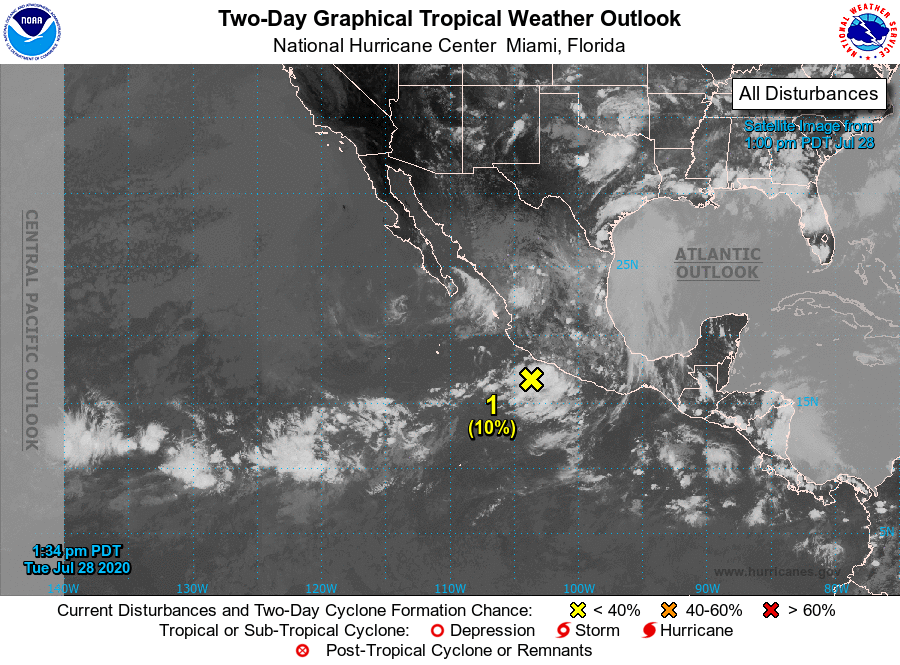
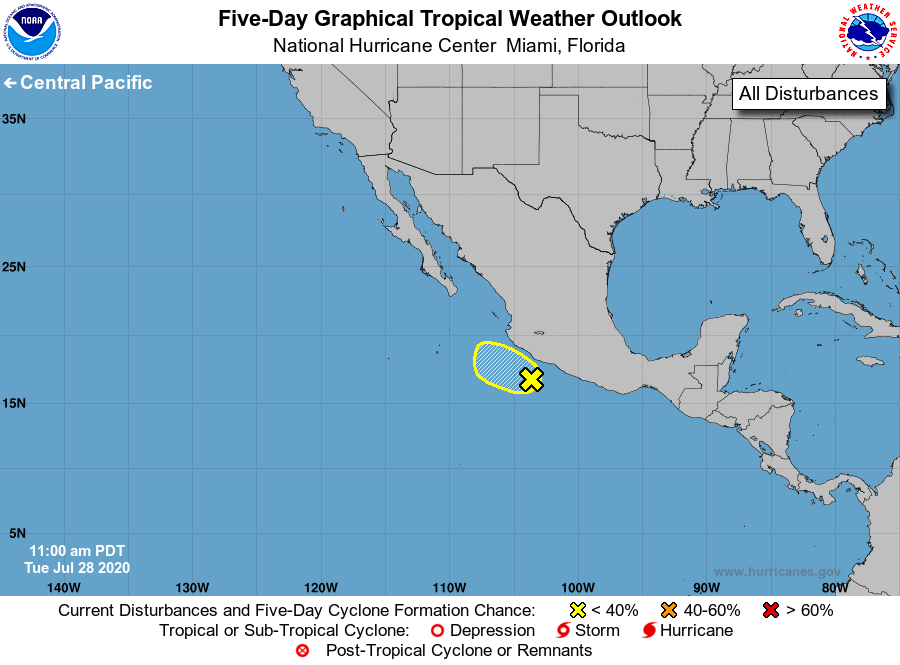
For the eastern North Pacific...east of 140 degrees west longitude:

1. A trough of low pressure is producing persistent showers and thunderstorms just offshore the coast of southwestern Mexico. Strong upper-level winds are expected to inhibit significant development while the system moves slowly northwestward parallel to, but just offshore, the southwestern coast of Mexico during the next couple of days.
* Formation chance through 48 hours...low...10 percent.
* Formation chance through 5 days...low...10 percent.

Forecaster Zelinsky